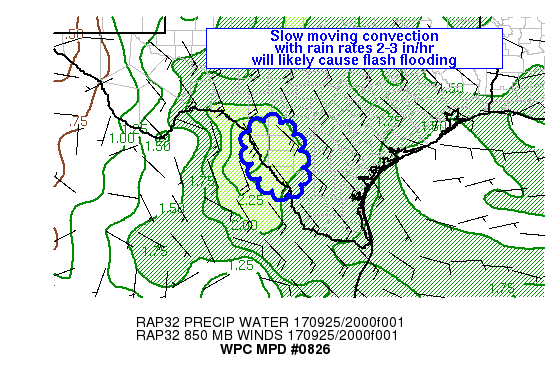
AREAS AFFECTED...MID-RIO GRANDE VALLEY INTO SOUTH TX PLAINS9

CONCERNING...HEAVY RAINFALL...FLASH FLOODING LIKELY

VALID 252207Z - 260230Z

SUMMARY...SLOW MOVING BURSTS OF HEAVY RAIN ARE LIKELY TO CONTINUE
MOVING ACROSS THE MIDDLE RIO GRANDE VALLEY INTO THE SOUTH TEXAS
PLAINS OVER THE NEXT FEW HOURS. RAINFALL RATES OF 2-3 IN/HR AT
TIMES MAY ALLOW FOR 3-6 INCH RAINFALL IN A FEW LOCATIONS BY 03Z
WHICH WOULD CAUSE FLASH FLOODING.

DISCUSSION...EXPERIMENTAL GOES 16 INFRARED IMAGERY HAS CONTINUED
TO SHOW COLD CLOUD TOPS REGENERATING OVER NERN COAHUILA WITH KDFX
RAINFALL ESTIMATES OF 2-3 IN/RH FOR MUCH OF THE AFTERNOON. OVERALL
MOVEMENT OF THE COLDEST CLOUD TOPS HAS BEEN SLOW TO THE SOUTH AND
EAST OVER THE PAST 6 HOURS. ONE MES0-VORTEX ON THE LEADING EDGE OF
THE LONG LIVED CONVECTIVE CLUSTER WAS ENTERING MAVERICK COUNTY AS
OF 2130Z. IMAGERY FROM KDFX DUAL-POL RADAR SHOWED HIGH BASE
REFLECTIVITY VALUES...GREATER THAN 45 DBZ...CO-LOCATED WITH A
MAJORITY OF ZDR VALUES NEAR 1 DB ALONG WITH A FEW HIGHER VALUES AT
TIMES...INDICATIVE OF PREDOMINANTLY TROPICAL RAINFALL WITH WARM
RAIN PROCESSES. TROPICAL MOISTURE FROM THE REMNANTS OF PILAR IN
THE EAST PACIFIC AND 850 MB FLOW OF 15-20 KT FLOWING UP THE RIO
GRANDE HAS RESULTED IN HIGH PRECIPITABLE WATER VALUES...2.1 INCHES
UPSTREAM AT LAREDO VIA GPS SITE DATA FROM 20Z. UPPER LEVEL FLOW
REMAINS DIFFLUENT ALOFT...AT LEAST TO A MODEST DEGREE.

850 MB FLOW IS FORECAST BY THE RAP TO INCREASE ANOTHER 10 KT OR SO
OVER THE NEXT 3-6 HOURS WHICH SHOULD HELP TO CONTINUE HEALTHY
TRANSPORT OF LOW LEVEL MOISTURE INTO THE COMPLEX. WHILE THERE IS
SOME CONCERN OF CONVECTIVE INHIBITION WEAKENING RAINFALL INTENSITY
WITH EASTWARD EXTENT...SHORT TERM CLOUD TOP TEMPERATURES FROM
INFRARED IMAGERY HAVE NOT SHOWN WARMING. IN ADDITION...WATER VAPOR
IMAGERY SHOWED WHAT APPEARED TO BE THE MID-UPPER LEVEL REFLECTION
OF PILAR OVER CNTRL MEXICO...ADVANCING TOWARD THE NORTHEAST. DPVA
AHEAD OF THIS FEATURE IS EXPECTED TO CONTINUE REGENERATION OF
CONVECTION IN THE NEAR TERM JUST WEST OF THE RIO GRANDE.

FLASH FLOODING APPEARS LIKELY...AT LEAST LOCALLY IN THE VICINITY
OF THE RIO GRANDE...POSSIBLY EXTENDING FARTHER SOUTH AND EAST FROM
ONGOING ACTIVITY IN MAVERICK COUNTY THROUGH 02Z...BUILDING INTO
THE LOW LEVEL INFLOW.